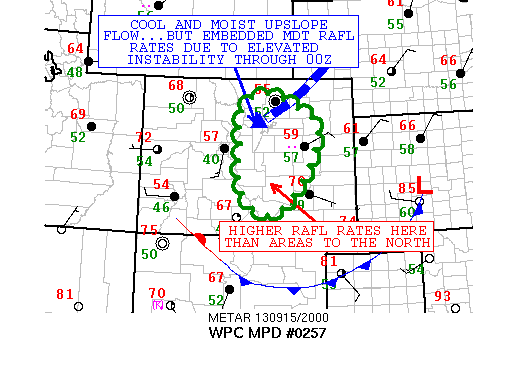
AREAS AFFECTED...COLORADO

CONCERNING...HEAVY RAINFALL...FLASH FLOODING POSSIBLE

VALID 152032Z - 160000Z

SUMMARY...LOW LEVEL NORTHEASTERLY FLOW WILL CONTINUE INTO NORTHERN
COLORADO THROUGH THE REMAINDER OF THE AFTERNOON.  WHILE THIS WILL
GENERALLY LEAD TO LIGHTER RAFL RATES...EMBEDDED AREAS OF MODERATE
TO LOCALLY HEAVY RAINFALL RATES WILL CONTINUE GIVEN ELEVATED
CAPES.  AREAS IN SOUTHERN CO WILL BE MORE LIKELY TO HAVE HIGHER
RAFL RATES WHERE CONVECTION SHOULD BE MORE ROOTED IN THE BOUNDARY
LAYER.

DISCUSSION...THE 12Z SOUNDING FROM DNR WAS NEARLY SATURATED FROM
THE SURFACE UP TO APPROXIMATELY 600 MB. ACARS FLIGHTS INTO AND OUT
OF DENVER INTL AIRPORT SHOWS LITTLE CHANGE IN THE GEOMETRY OF THE
SOUNDING WITH THE EXCEPTION OF COOLING AT THE LOWER LEVELS.  MOST
OF THE SOUNDINGS SHOWED ELEVATED INSTABILITY ABOVE THE COLDER
AIRMASS WHICH APPEARS TO BE HELPING SUSTAIN SOME MODERATE TO
LOCALLY HEAVY RAINFALL IN NORTHERN CO.  TO THE SOUTH...EARLY
AFTERNOON RADAR SHOWED MORE INTENSE CONVECTION WITH
CORRESPONDINGLY HIGHER RAFL RATES OVER SOUTHERN CO...GENERALLY
ALONG AND SOUTH OF THE RATON MESA.  THIS AREA HAD HIGHER SURFACE
BASED INSTABILITY THAT THE STORMS WERE ABLE TO TAP INTO.

THINK THE OVERALL PATTERN WILL CONTINUE THROUGH 16/00Z EXCEPT FOR
A PUSH SOUTHWARD OF THE COLDER AIRMASS INITIALLY OVER NORTHERN CO.
 MESOSCALE MODELS FOCUS THE HIGHEST 1 AND 3 HOUR RAFLS SOUTHWARD.
WHILE VALUES FROM THE ARW WERE ON THE ORDER OF 1 TO 1.25 INCHES IN
A 3 HOUR PERIOD...THE PCPN MAX WAS PLACED RIGHT ALONG THE AXIS OF
LOWEST FLASH FLOOD GUIDANCE.  THUS FLASH FLOODING REMAINS POSSIBLE
THROUGH 16/00Z IN THESE AREAS.